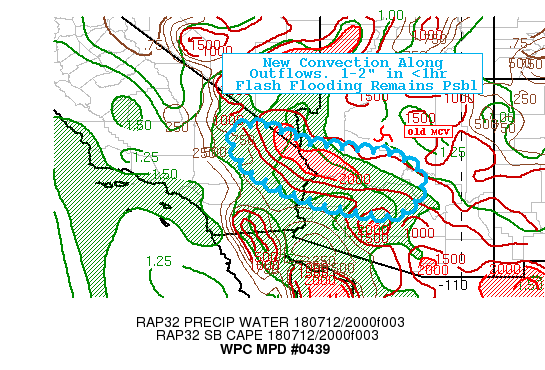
AREAS AFFECTED...SOUTHEASTERN CA...WEST CENTRAL AZ...

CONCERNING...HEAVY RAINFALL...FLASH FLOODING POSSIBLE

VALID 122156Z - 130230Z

SUMMARY...STATIONARY CELLS CAPABLE OF 1-2" IN SHORT DURATION
DEVELOPING ALONG OUTFLOW BOUNDARIES CONTINUE TO POSE LOCALIZED
FLASH FLOODING CONCERNS THROUGH THE REMAINDER OF THE EVENING.

DISCUSSION...NUMEROUS SMALL CORE CONVECTIVE CELLS SCATTER THE
CENTRAL COLORADO RIVER VALLEY BACK TOWARD THE MOGOLLON RIM
DEVELOPING ALONG OUTFLOW BOUNDARIES FROM PRIOR CONVECTION SEEKING
OUT REMAINING WELLS OF INSTABILITY.  AT THIS TIME...INSOLATION
ACROSS THE MOJAVE DESERT INTO WEST CENTRAL AZ SUPPORT 90 TO 100F
TEMPS WITH TDS IN THE LOWER TO MID 60S ALLOWING FOR SBCAPES OF
1250 J/KG OVER THE MOJAVE TO 2000-2500 J/KG INTO THE SUN VALLEY.
LPW AND RAP SOUNDINGS IN THE VICINITY SUGGEST FAIRLY SATURATED 8H
TO 5H LEVELS AIDING TPWS TO BE OVER 1.75" IN THE LOWEST ELEVATIONS
IN THE CENTRAL COLORADO RIVER VALLEY WITH SOLID 1.5" BELOW THE
MOGOLLON RIM.

WHILE MEAN CLOUD MOTIONS REMAIN BELOW 10KTS SUPPORTING LOCALIZED
1-2" TOTALS WITHIN 30-60 MINUTES...STRENGTHENING COLD POOLS AND
INCREASED OUTFLOW WINDS MAY HELP TO REDUCE SOME SPOTS, BUT
COLLIDING OUTFLOWS MAY OVERTURN LARGER AREAS RAPIDLY FOR
STRONGER/QUICKER DOWNDRAFTS/RAIN RATES AS NIGHT FALLS.  THINKING
GREATEST RISK (HIGHER DENSITY OF CONVECTION) IS WITH THE GREATER
POOL OF INSTABILITY AND MOISTURE EAST OF THE COLORADO AND SOUTH OF
THE MOGOLLON RIM THROUGH 03Z...COMPARED TO MOJAVE DESERT...BUT
CANNOT RULE OUT SOME ISOLATED CELLS CAPABLE OF FF RAINS THERE AS
WELL.